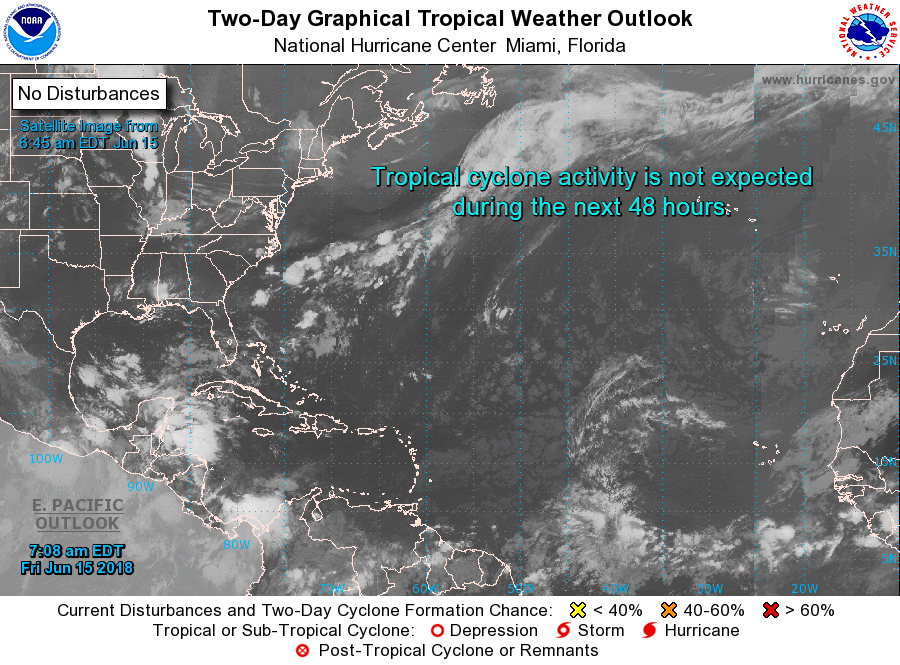
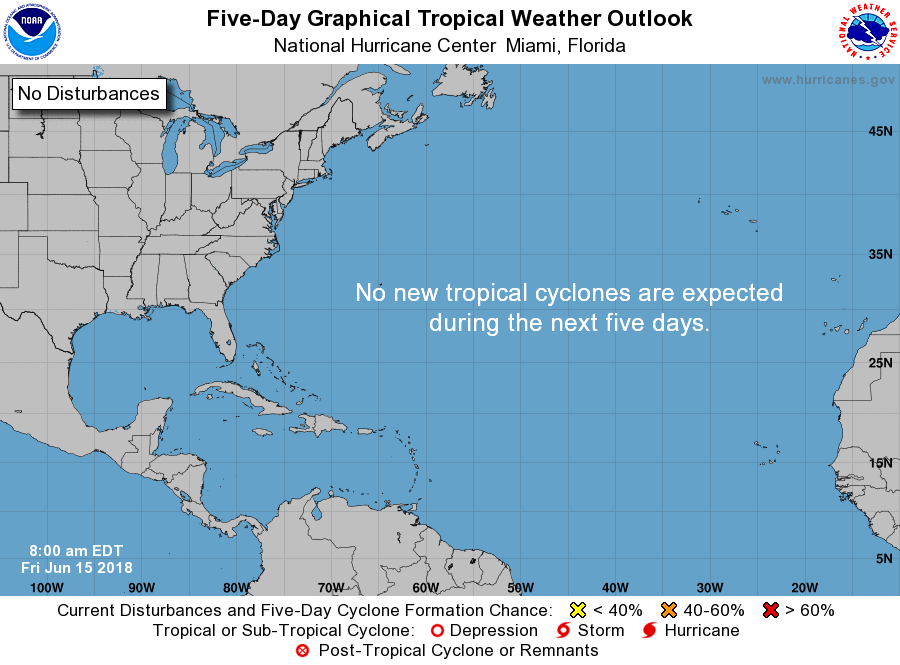
For the North Atlantic...Caribbean Sea and the Gulf of Mexico:

Tropical cyclone formation is not expected during the next 5 days.

Forecaster Blake